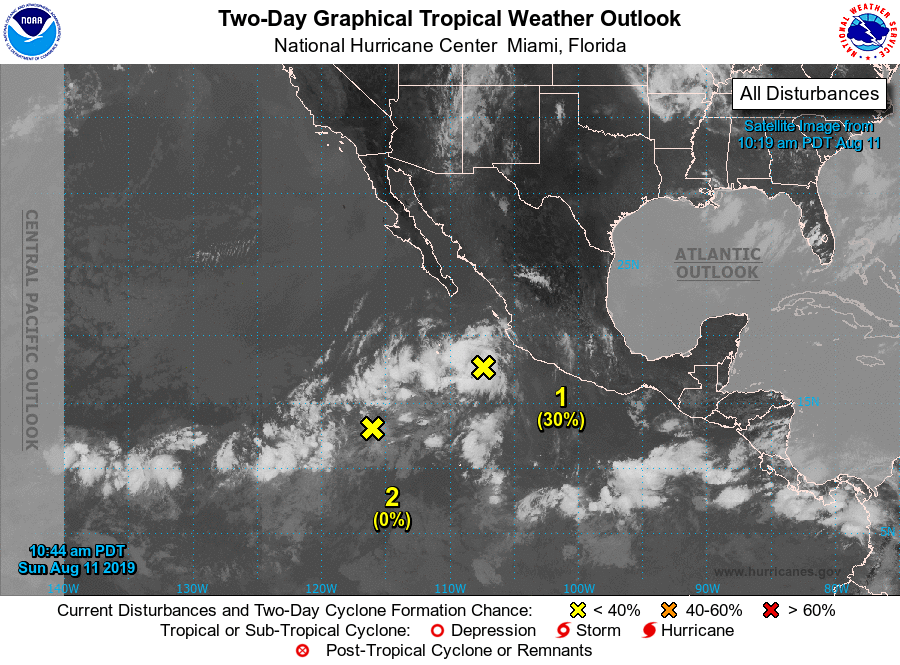
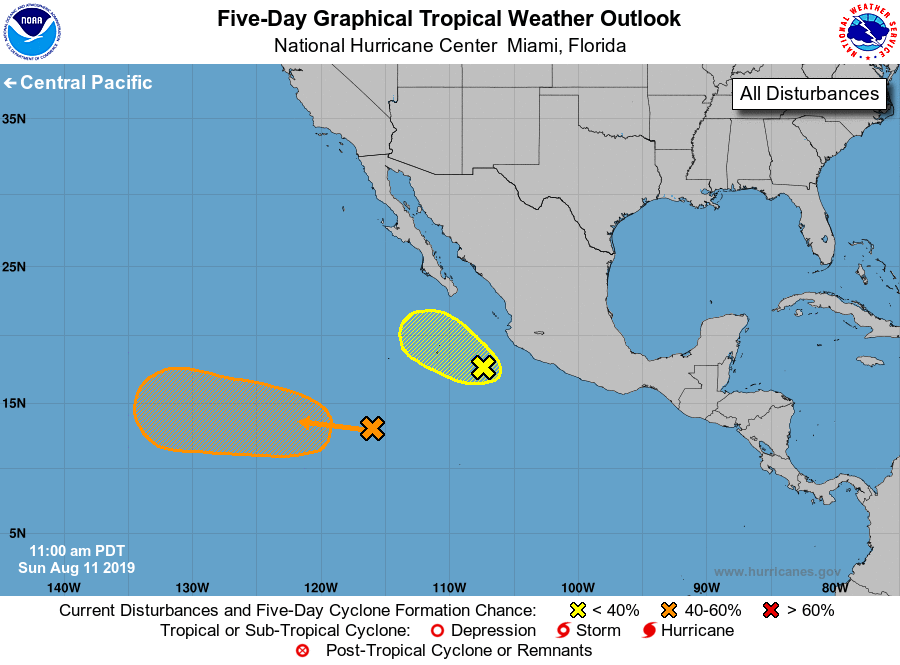
For the eastern North Pacific...east of 140 degrees west longitude:

1. Showers and thunderstorms located a few hundred miles south-southwest of the southern tip of the Baja California peninsula are associated with a broad area of low pressure. Some development of this system is possible over the next day or so while it moves west-northwestward, away from the coast of Mexico. Thereafter, conditions are expected to become unfavorable for development.
* Formation chance through 48 hours...low...30 percent.
* Formation chance through 5 days...low...30 percent.

2. A disturbance located a little less than 1000 miles southwest of the Baja California peninsula is producing a large area of disorganized showers and thunderstorms. Environmental conditions are expected to become more conducive for tropical cyclone formation by the middle of the week while the system moves west-northwestward at 10 to 15 mph.
* Formation chance through 48 hours...low...near 0 percent.
* Formation chance through 5 days...medium...50 percent.

Forecaster Latto/Pasch